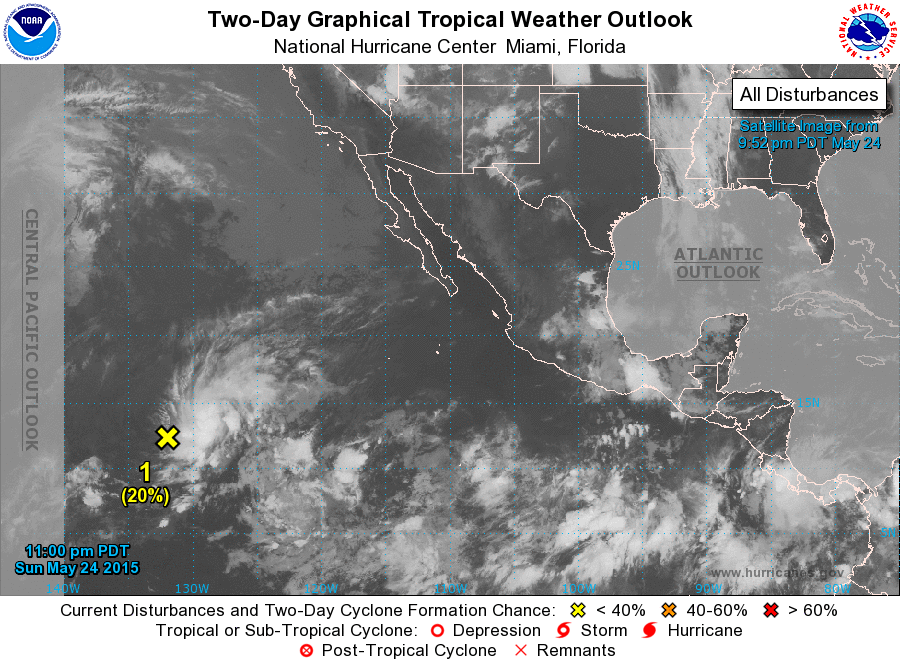
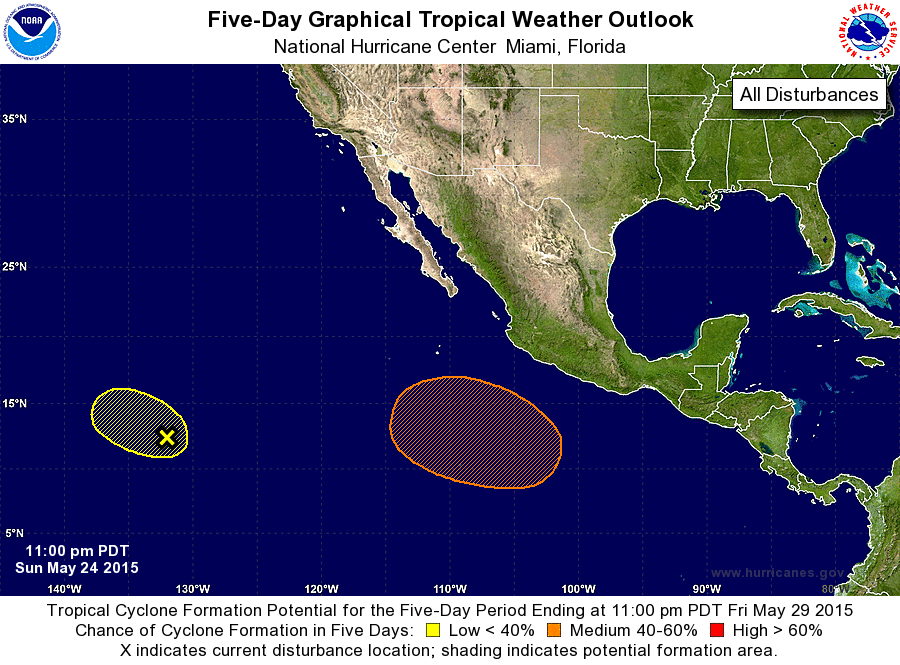
For the eastern North Pacific...east of 140 degrees west longitude:

1. An elongated area of low pressure located about 1600 miles west-southwest of the southern tip of Baja California continues to produce disorganized showers and thunderstorms mainly to the northeast of the center. Environmental conditions are expected to continue to become less conducive for development while the system moves slowly westward to west-northwestward.
* Formation chance through 48 hours...low...20 percent
* Formation chance through 5 days...low...20 percent

2. An area of low pressure is expected to form several hundred miles south of the coast of Mexico in a couple of days. Environmental conditions appear to be conducive for gradual development of the system after mid-week while it moves west-northwestward to northwestward.
* Formation chance through 48 hours...low...near 0 percent
* Formation chance through 5 days...medium...50 percent

Forecaster Stewart